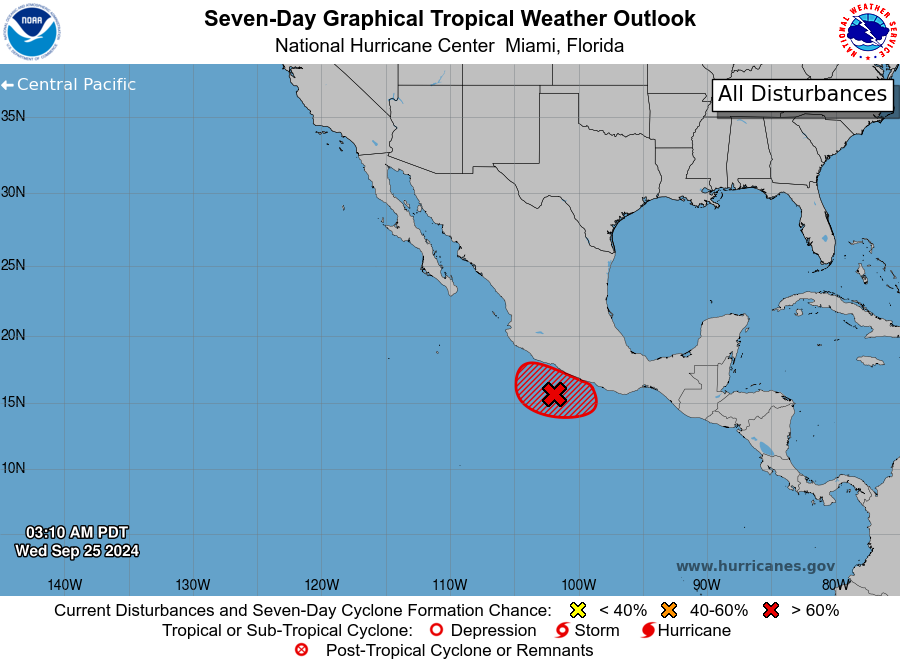
For the eastern North Pacific...east of 140 degrees west longitude:

Special Outlook Issued to update information about EP95, the system offshore of Southern Mexico.

1. Offshore of Southern Mexico (EP95): Update: Recent ship observations indicate significant pressure falls are occuring with an area of low pressure, partially associated with the remnants of John, located offshore of Southern Mexico. Shower and thunderstorm activity also continues to become better organized. If these trends continue, a tropical depression or storm could form as soon as later today, as long as the system remains over water. Interests in southern Mexico should closely monitor the progress of this system, and regardless of development, this system is expected to produce heavy rainfall with the potential for flash flooding and mudslides over a large portion of southern Mexico through this week.
* Formation chance through 48 hours...high...90 percent.
* Formation chance through 7 days...high...90 percent.

Forecaster Papin/Beven